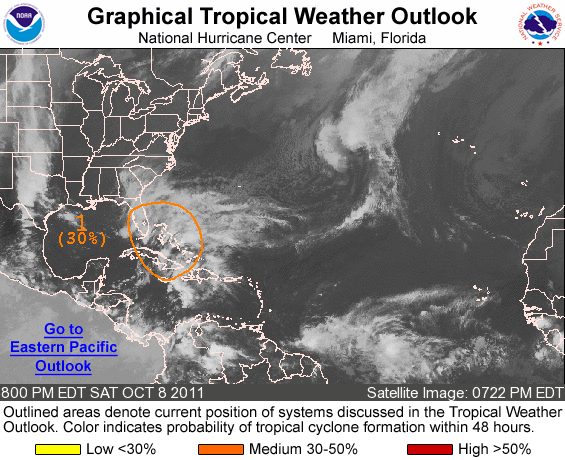
FOR THE NORTH ATLANTIC...CARIBBEAN SEA AND THE GULF OF MEXICO...

THE NATIONAL HURRICANE CENTER IS ISSUING ADVISORIES ON TROPICAL STORM PHILIPPE...LOCATED ABOUT 1080 MILES WEST OF THE AZORES.

1. A SURFACE TROUGH EXTENDING FROM THE NORTHWESTERN CARIBBEAN SEA ACROSS CENTRAL CUBA INTO THE CENTRAL BAHAMAS IS PRODUCING WIDESPREAD CLOUDINESS AND THUNDERSTORMS OVER MUCH OF CENTRAL AND EASTERN CUBA...THE FLORIDA PENINSULA AND THE FLORIDA KEYS...THE BAHAMAS...AND THE ADJACENT ATLANTIC WATERS. SURFACE PRESSURES ARE FALLING IN THIS AREA...AND GRADUAL DEVELOPMENT OF THIS SYSTEM IS POSSIBLE OVER THE NEXT FEW DAYS AS IT MOVES GENERALLY NORTHWESTWARD AT 5 TO 10 MPH. THIS SYSTEM HAS A MEDIUM CHANCE...30 PERCENT...OF BECOMING A TROPICAL OR SUBTROPICAL CYCLONE DURING THE NEXT 48 HOURS. REGARDLESS OF DEVELOPMENT...STRONG GUSTY WINDS AND LOCALLY HEAVY RAINFALL ARE EXPECTED OVER PORTIONS OF THE BAHAMAS AND THE FLORIDA PENINSULA OVER THE NEXT COUPLE OF DAYS.

ADDITIONAL INFORMATION ON THIS DEVELOPING GALE AREA CAN BE FOUND IN HIGH SEAS FORECASTS ISSUED BY THE NATIONAL WEATHER SERVICE...UNDER AWIPS HEADER NFDHSFAT1 AND WMO HEADER FZNT01 KWBC.

ELSEWHERE...TROPICAL CYCLONE FORMATION IS NOT EXPECTED DURING THE NEXT 48 HOURS.

FORECASTER BEVEN